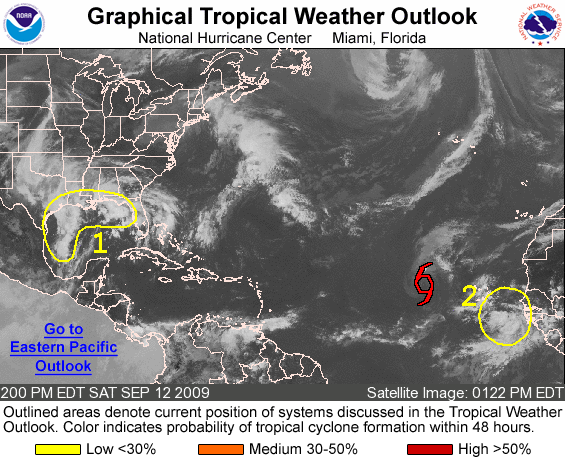
FOR THE NORTH ATLANTIC...CARIBBEAN SEA AND THE GULF OF MEXICO...

THE NATIONAL HURRICANE CENTER IS ISSUING ADVISORIES ON WEAKENING TROPICAL STORM FRED...LOCATED ABOUT 650 MILES WEST-NORTHWEST OF THE CAPE VERDE ISLANDS.

1. A NON-TROPICAL AREA OF LOW PRESSURE OVER THE NORTHWESTERN GULF OF MEXICO IS MOVING SLOWLY NORTH-NORTHEASTWARD AND IS PRODUCING A LARGE AREA OF DISORGANIZED SHOWERS AND THUNDERSTORMS ALONG MUCH OF THE NORTHERN GULF COAST. ENVIRONMENTAL CONDITIONS ARE NOT CONDUCIVE FOR TROPICAL CYCLONE DEVELOPMENT...AND THERE IS A LOW CHANCE...LESS THAN 30 PERCENT...OF THIS SYSTEM BECOMING A TROPICAL CYCLONE DURING THE NEXT 48 HOURS. HOWEVER...THIS WEATHER SYSTEM IS EXPECTED TO BRING LOCALLY HEAVY RAINS TO PORTIONS OF THE SOUTH CENTRAL AND SOUTHEASTERN UNITED STATES OVER THE NEXT FEW DAYS. FOR ADDITIONAL INFORMATION ON THE POTENTIAL FOR HEAVY RAINFALL...PLEASE CONSULT PRODUCTS BEING ISSUED BY YOUR LOCAL NATIONAL WEATHER SERVICE FORECAST OFFICE.

2. A BROAD AREA OF LOW PRESSURE ASSOCIATED WITH A TROPICAL WAVE IS PRODUCING DISORGANIZED SHOWERS AND THUNDERSTORMS EXTENDING FROM THE WEST COAST OF AFRICA TO NEAR THE CAPE VERDE ISLANDS. DEVELOPMENT OF THIS SYSTEM...IF ANY...IS EXPECTED TO BE SLOW TO OCCUR AS IT MOVES SLOWLY WEST-NORTHWESTWARD. THERE IS A LOW CHANCE...LESS THAN 30 PERCENT...OF THIS SYSTEM BECOMING A TROPICAL CYCLONE DURING THE NEXT 48 HOURS.

ELSEWHERE...TROPICAL CYCLONE FORMATION IS NOT EXPECTED DURING THE NEXT 48 HOURS.

FORECASTER KIMBERLAIN/BROWN